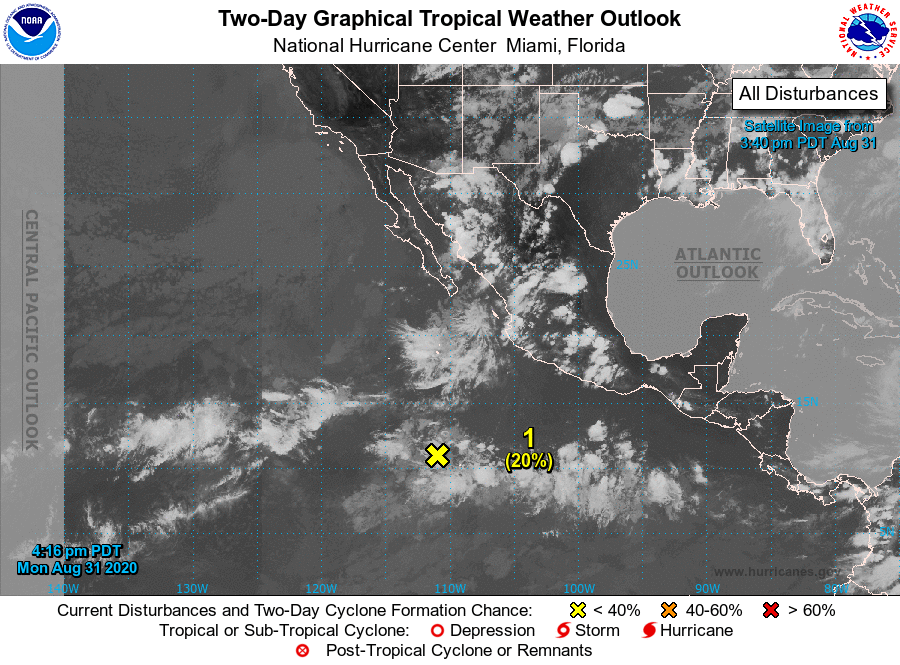
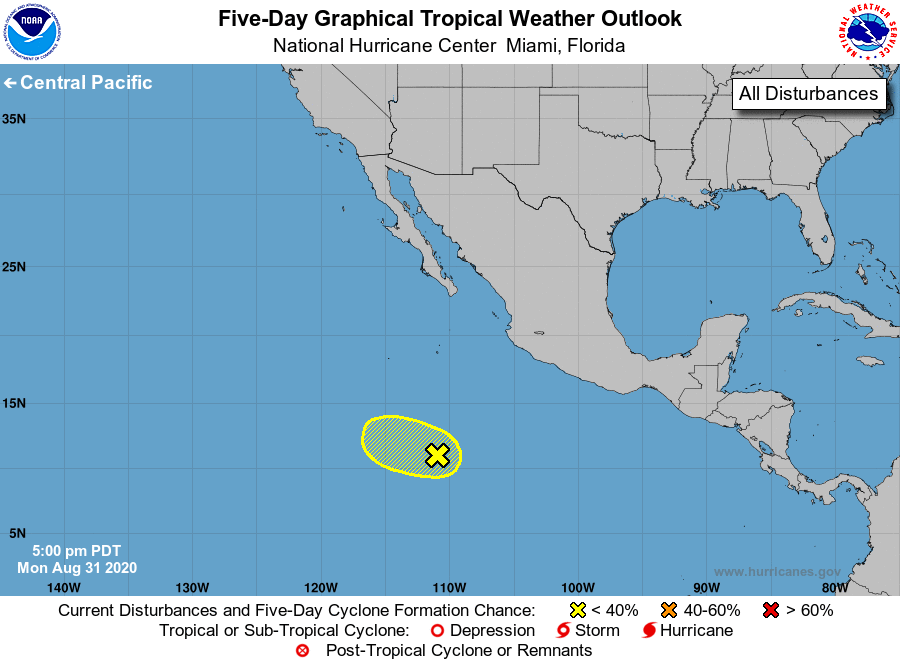
For the eastern North Pacific...east of 140 degrees west longitude:

1. A broad area of low pressure located about 850 miles south of the southern tip of the Baja California peninsula is producing limited shower and thunderstorm activity. Environmental conditions are forecast to become less conducive for development during the next day or two, and the chance of this system becoming a tropical cyclone appears to be decreasing.
* Formation chance through 48 hours...low...20 percent.
* Formation chance through 5 days...low...20 percent.

Forecaster Brown